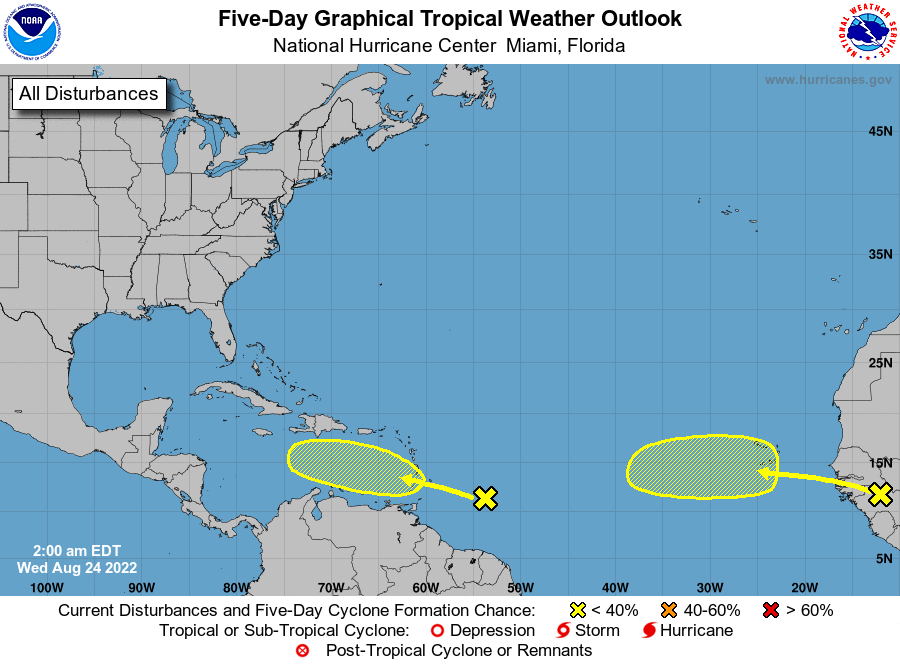
For the North Atlantic...Caribbean Sea and the Gulf of Mexico:

1. East of The Windward Islands: Shower and thunderstorm activity remains disorganized associated with a broad trough of low pressure located several hundred miles east-southeast of the Windward Islands. Environmental conditions could become more conducive for slow development of this system in several days while it is forecast to move across the Windward Islands and into the southeastern Caribbean Sea.
* Formation chance through 48 hours...low...near 0 percent.
* Formation chance through 5 days...low...20 percent.

2. Eastern Tropical Atlantic: A tropical wave is forecast to move off the west coast of Africa in a day or two. Environmental conditions could support some slow development of this system late this week or over the weekend while it moves westward at 10 to 15 mph.
* Formation chance through 48 hours...low...near 0 percent.
* Formation chance through 5 days...low...20 percent.

Forecaster Papin